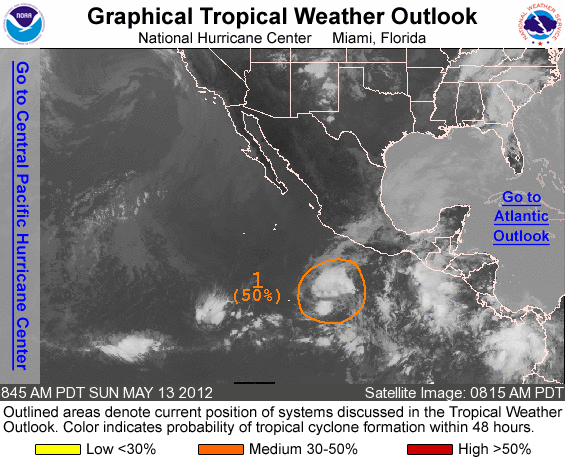
FOR THE EASTERN NORTH PACIFIC...EAST OF 140 DEGREES WEST LONGITUDE..

1. AN AREA OF DISTURBED WEATHER LOCATED ABOUT 550 MILES SOUTH-SOUTHWEST OF ACAPULCO MEXICO HAS BECOME A LITTLE BETTER ORGANIZED DURING THE PAST 24 HOURS. UPPER-LEVEL WINDS CURRENTLY APPEAR CONDUCIVE FOR ADDITIONAL DEVELOPMENT...BUT ARE FORECAST TO BECOME LESS CONDUCIVE BY TUESDAY. THIS SYSTEM COULD BECOME A TROPICAL DEPRESSION AS IT MOVES SLOWLY NORTHWESTWARD OR WEST-NORTHWESTWARD...AND IT HAS A MEDIUM CHANCE...50 PERCENT...OF BECOMING A TROPICAL CYCLONE DURING THE NEXT 48 HOURS. ADDITIONAL SPECIAL TROPICAL WEATHER OUTLOOKS WILL BE ISSUED ON THIS SYSTEM LATER TODAY OR MONDAY...IF NECESSARY.

ELSEWHERE...TROPICAL CYCLONE FORMATION IS NOT EXPECTED DURING THE NEXT 48 HOURS.

FORECASTER BEVEN